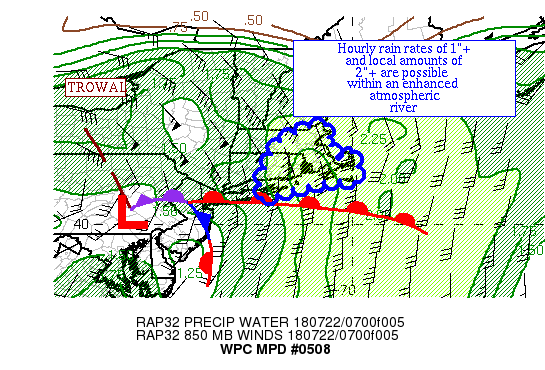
AREAS AFFECTED...EASTERN LONG ISLAND & SOUTHERN NEW ENGLAND

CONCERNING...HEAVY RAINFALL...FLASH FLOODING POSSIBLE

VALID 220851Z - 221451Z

SUMMARY...AN ENHANCED ATMOSPHERIC RIVER IS EXPECTED TO IMPACT
EASTERN LONG ISLAND AND MUCH OF SOUTHERN NEW ENGLAND FROM ~10Z
ONWARD.  HOURLY RAIN TOTALS OF 1"+ AND LOCAL AMOUNTS OF 2"+ ARE
POSSIBLE THROUGH 15Z.

DISCUSSION...AN OCCLUDED CYCLONE IS MOVING NORTHWARD THROUGH
SOUTHEAST PA AS OF 08Z.  TO ITS EAST, A WARM FRONT IS APPROACHING
LONG ISLAND AND SOUTHERN NEW ENGLAND.  THE SYSTEM'S WARM CONVEYOR
BELT IS STREAMING IN FROM THE WESTERN ATLANTIC, WHICH HAS A
RESERVOIR OF 500-1500 J/KG OF MU CAPE TO THE SOUTH OF THE WARM
FRONT; THE 250 J/KG MU CAPE CONTOUR IS OVER LONG ISLAND AND PAST
NANTUCKET MA AT THIS TIME.  A CONVECTIVE BAND IS SEEN ON SATELLITE
NEAR THE 72TH MERIDIAN AND IS MOVING GENERALLY NORTHWARD.
PRECIPITABLE WATER VALUES OF 1.7-2.2" RESIDE ACROSS THE DISCUSSION
REGION PER GPS DATA.  INFLOW AT 850 HPA IS SOUTH-SOUTHEAST AT
30-50 KTS, WITH EFFECTIVE BULK SHEAR TO MATCH NEAR THE JUST
OFFSHORE.

THE INGREDIENTS ARE THERE FOR 1"+ AN HOUR RAIN RATES WITHIN THE
NEXT COUPLE HOURS, EVEN IF NOT ADVERTISED BY THE 00Z HREF
PROBABILITIES.  OFFSHORE, SUCH AMOUNTS HAVE BEEN ESTIMATED BY THE
OKX RADAR DURING THE PAST HOUR.  RAP FORECAST FIELDS SHOW MU CAPE
VALUES EXCEEDING 1000 J/KG BY 11Z ACROSS LONG ISLAND/CT WITH THE
500 J/KG CONTOUR NEARING BOSTON AT THAT TIME.  AS THE ATMOSPHERE
IS SATURATED, 500 J/KG OF MU CAPE IS SUFFICIENT FOR 1"+ AN HOUR
RAINFALL.  FROM 09Z-15Z, BOUNDARY LAYER MOISTURE CONVERGENCE IS
FORECAST TO REMAIN QUASI-STATIONARY FROM EASTERN LONG ISLAND
ACROSS EASTERN CT INTO EAST-CENTRAL MA, WHICH RAISES THE PROSPECT
FOR CELL TRAINING.  IN AREAS OF CELL TRAINING, 1"+ AN HOUR RAIN
RATES SHOULD BE REALIZED.  WHILE THE MESOSCALE GUIDANCE KEEPS
AMOUNTS UNDER 2", LOCAL AMOUNTS OF 2"+ WOULD NOT BE SURPRISE.
THESE AMOUNTS WOULD BE MOST PROBLEMATIC IN URBAN AREAS AND
LOCATIONS WITH POOR DRAINAGE.